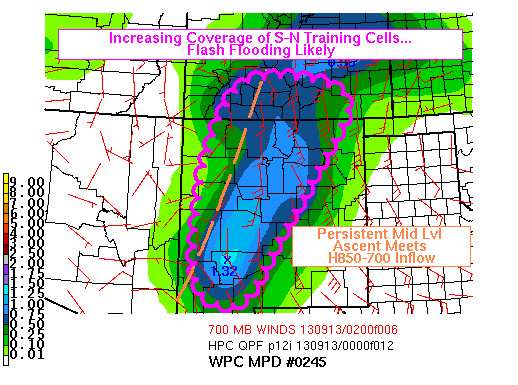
AREAS AFFECTED...NM...SRN CO

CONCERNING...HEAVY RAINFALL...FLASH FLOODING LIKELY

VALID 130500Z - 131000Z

SUMMARY...INCREASING COVERAGE OF THUNDERSTORMS EXPECTED OVERNIGHT.
CELLS TRAINING FROM S TO N IN A MOISTURE RICH
ENVIRONMENT...COMBINED WITH 1-HOUR FLASH FLOOD GUIDANCE VALUES
GENERALLY NEAR ONE INCH...SUGGESTS FLASH FLOODING IS LIKELY.

DISCUSSION...ENVIRONMENT HERE WAS BOTH MOIST AND UNSTABLE...WITH
AVERAGE PW AROUND 1.10 INCHES AND MESOANALYSIS / MODEL FCSTS
PREDICTING PROLONGED MAINTENANCE OF MUCAPE UP TO 750 J/KG. GLOBAL
AND HIGH RESOLUTION MODELS SHOW VERY STRONG AGREEMENT AS TO A
SWATH OF QPF THROUGH 12Z DEVELOPING FROM SW THROUGH N CNTRL NM
INTO S CO. THIS AS WEAK HEIGHT FALLS OCCUR COINCIDENT WITH MOIST
H850-700 SOUTHEASTERLY INFLOW.

RECENT DUAL POL RADAR ESTIMATES IN THE ACTIVITY NEAR ABQ AT 0430Z
INDICATED RAIN RATES EXCEEDING 1 INCH PER HOUR IN HEAVIER CORES.
INDIVIDUAL CELL MOTIONS FROM THE MEAN CLOUD LAYER WIND REMAIN
RELATIVELY QUICK AT 15-20 KT THROUGH MORNING. BUT A SMALL ANGLE
BETWEEN CELL MOTIONS AND CORFIDI VECTORS FOR ORGANIZED LINES
SUGGEST SOME TRAINING WILL OCCUR AS CELLS LIFT NORTHWARD ATOP COLD
POOLS THAT SHIFT ONLY SLOWLY TO THE NNE. PERIODS OF
TRAINING...PERHAPS ENHANCED LOCALLY BY TERRAIN...COULD YIELD LOCAL
2-4 HOUR RAIN TOTALS OF 2-3 INCHES...WHICH IS CONSISTENT WITH THE
MAXIMA SEEN IN THE HIGH RES MODELS. T/TD DEPRESSIONS OF AT LEAST
5-10 F AND BROAD SCALE NATURE OF THE FORCING SUGGEST HEAVY RAIN
AREAS SHOULD PROGRESS OUT OF ANY GIVEN SPOT WITHIN A FEW HOURS.
BUT WITH FLASH FLOOD GUIDANCE AROUND 1 INCH PER HOUR OR 1-2 INCHES
IN 3 HOURS...IT WOULD APPEAR THAT SOME FLASH FLOODING IS LIKELY.